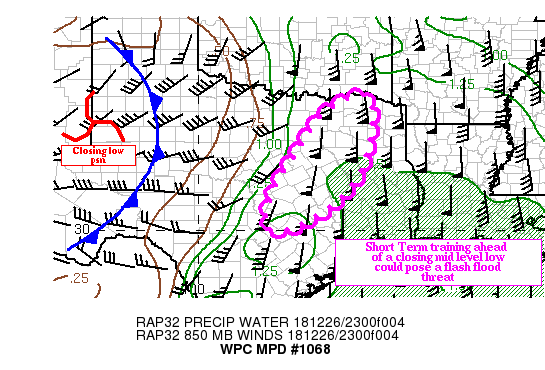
Areas affected...Northeast TX

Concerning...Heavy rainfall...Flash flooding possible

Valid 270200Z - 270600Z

Summary...Convection training in a moist southerly flow could pose
a flash flood threat through the late evening hours.

Discussion...Regional radars showed a developing line of storms on
the nose of a 40 to 50 knot low level southerly jet (per regional
VWP) near and east of the Dallas Metroplex. The storms are forming
on line of low level convergence, and the GOES-16 clean IR loop
showed cloud top temperatures as low as -65 C with the stronger
storms. While the line itself is moving slowly eastward (per the
most recent RAP propagation vectors), the cells in the line are
tracking northeast with the 850-300 mb mean wind.

The training cells are producing hourly rainfall rates nearing
1.50 inches (per the KFWS radar), and as a closing mid level low
over the TX Panhandle moves slowly eastward, the environment
becomes increasing conducive to short term training along the
convective line. The most recent runs of the HRRR indicated the
potential for local 2.00/3.00 inch rainfall amounts with this line
segment as it moves slowly eastward across northeast TX. Based on
the low level forcing and deep moisture (with precipitable water
values near 1.25 inches, which is about two standard deviations
above the mean), these amounts seem plausible, and could occur in
less than 2 hours as the line moves slowly east.

Three hour flash flood guidance values here are fairly high
(generally above 3.00 inches), but the short term training could
produce rainfall amounts that approach these numbers. The
convection should be able to maintain itself, as 00z soundings
from CRP and BRO showed a reservoir of 2000-3000 J/KG of MLCAPE
upstream. this could allow the southern edge of the become more
active as well, as the cells track to the northeast.

Uncertainty about the extent of the training with the line could
limit the overall flash flood threat, but based on radar and
satellite trends, flash flooding is possible. In fact, the flash
flood threat could extend beyond 27/06z into more of northeast TX,
as a cold front pushes eastward into central TX.